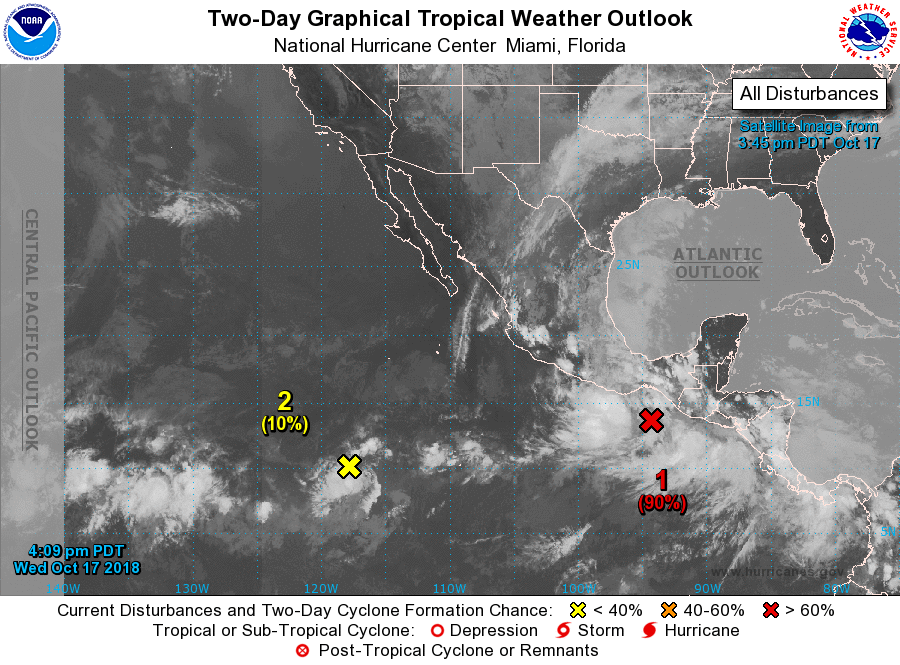
For the eastern North Pacific...east of 140 degrees west longitude:

1. Visible satellite imagery indicates that an area of low pressure located just south of the Gulf of Tehuantepec is slowly becoming better defined, however, the associated shower and thunderstorm activity is still disorganized. Environmental conditions appear to be conducive for additional development, and a tropical depression or tropical storm is likely to form during the next day or two. The system is forecast to move generally toward the west-northwest at 10 to 15 mph for the next several days, near or just offshore the coast of southern Mexico.
* Formation chance through 48 hours...high...90 percent.
* Formation chance through 5 days...high...90 percent.

2. An elongated area of low pressure located about 900 miles south-southwest of the southern tip of the Baja California peninsula is producing disorganized showers. Development, if any, should should be slow to occur during the next few days while the system remains nearly stationary.
* Formation chance through 48 hours...low...10 percent.
* Formation chance through 5 days...low...10 percent.

Forecaster Zelinsky